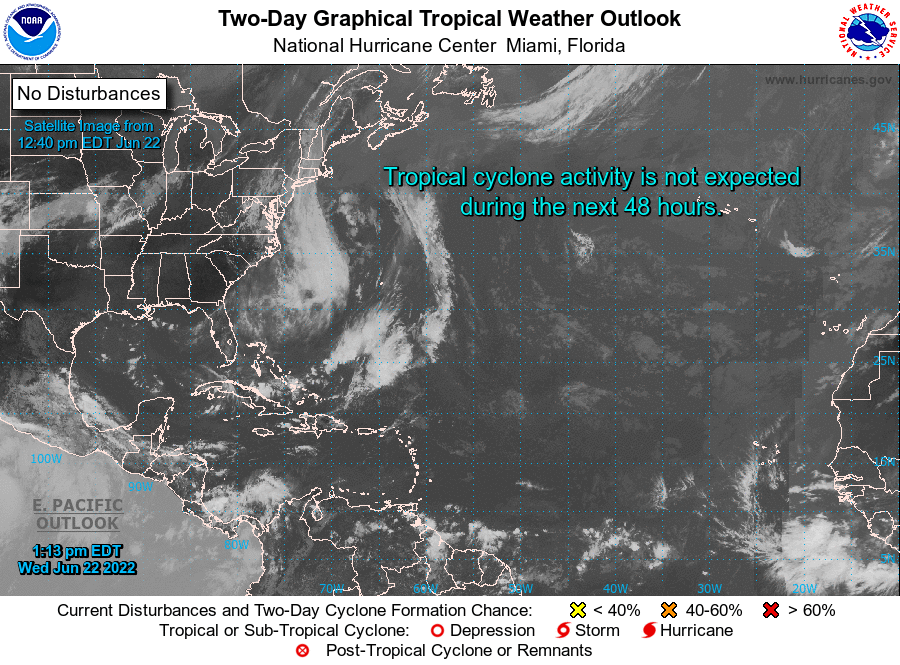
For the North Atlantic...Caribbean Sea and the Gulf of Mexico:

Tropical cyclone formation is not expected during the next 5 days.

Forecaster Cangialosi